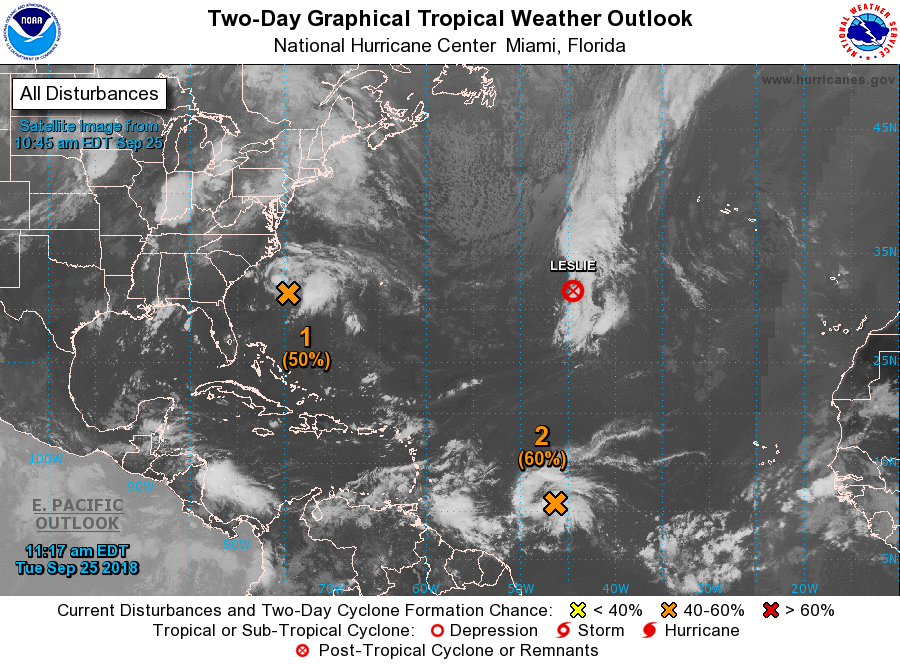
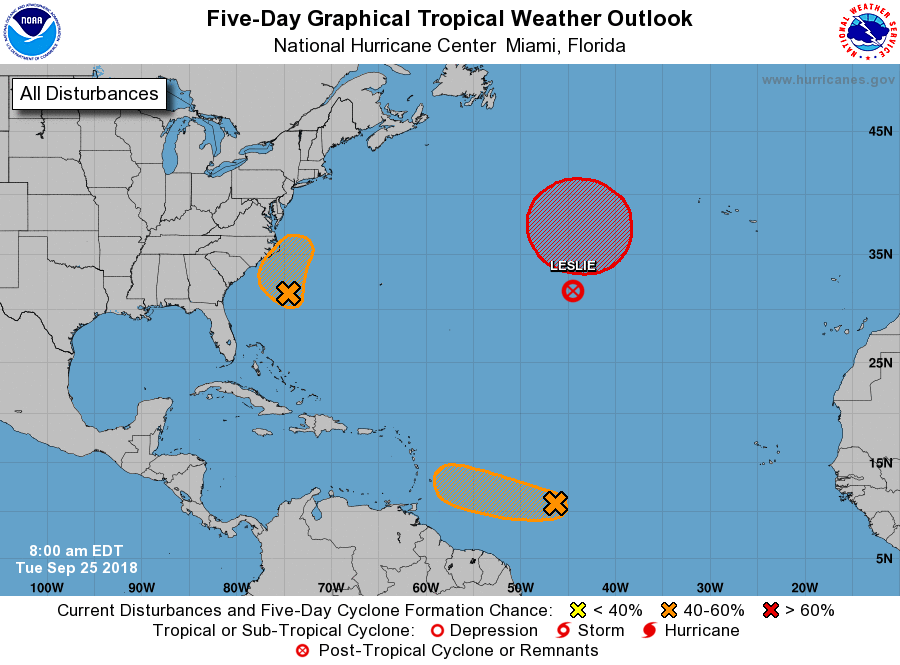
For the North Atlantic...Caribbean Sea and the Gulf of Mexico:

The National Hurricane Center is issuing advisories on Subtropical Depression Leslie, located a little over 1100 miles west-southwest of the Azores.

1. A broad area of low pressure located about 260 miles south of Cape Hatteras, North Carolina, continues to produce showers and thunderstorms on its north side. Satellite and surface data indicate that the circulation of the low is elongated and not well organized. However, this system could still become a tropical depression later today while it moves northwestward. By tonight and Wednesday, additional development appears unlikely, due to strong upper-level winds, while the system moves northward and north-northeastward near the southeastern United States coast. Regardless of tropical cyclone formation, this system is likely to bring scattered showers and thunderstorms across portions of northeastern South Carolina and eastern North Carolina later today and tonight. In addition, dangerous surf conditions and rip currents are expected along portions of the North Carolina coast today. For more information, please see products from your local National Weather Service office.
* Formation chance through 48 hours...medium...50 percent.
* Formation chance through 5 days...medium...50 percent.

2. The remnants of Kirk are located about 950 miles east of the Windward Islands and are moving quickly westward at around 25 mph. This system continues to produce a large area of showers and thunderstorms, along with winds to near gale force in gusts on its north side. However, satellite data indicate that the system still lacks a closed circulation. This disturbance could redevelop into a tropical cyclone during the next day or two before it moves into an area of highly unfavorable upper-level winds while it approaches the Caribbean Sea. Interests in the Windward and Leeward Islands should monitor the progress of this disturbance as gusty winds and locally heavy rains are likely over the next couple of days even if the system does not redevelop into a tropical cyclone. For more information on this system, see High Seas Forecasts issued by the National Weather Service.
* Formation chance through 48 hours...medium...60 percent.
* Formation chance through 5 days...medium...60 percent.

3. Subtropical Depression Leslie is forecast to become post-tropical today after it merges with a cold front over the central Atlantic. After that time, Leslie is expected to reacquire subtropical or tropical characteristics by the end of the week as it meanders over the central Atlantic.
* Formation chance through 48 hours...low...near 0 percent.
* Formation chance through 5 days...high...70 percent.

High Seas Forecasts issued by the National Weather Service can be found under AWIPS header NFDHSFAT1, WMO header FZNT01 KWBC, and on the Web at https://ocean.weather.gov/shtml/NFDHSFAT1.shtml.

Forecaster Pasch